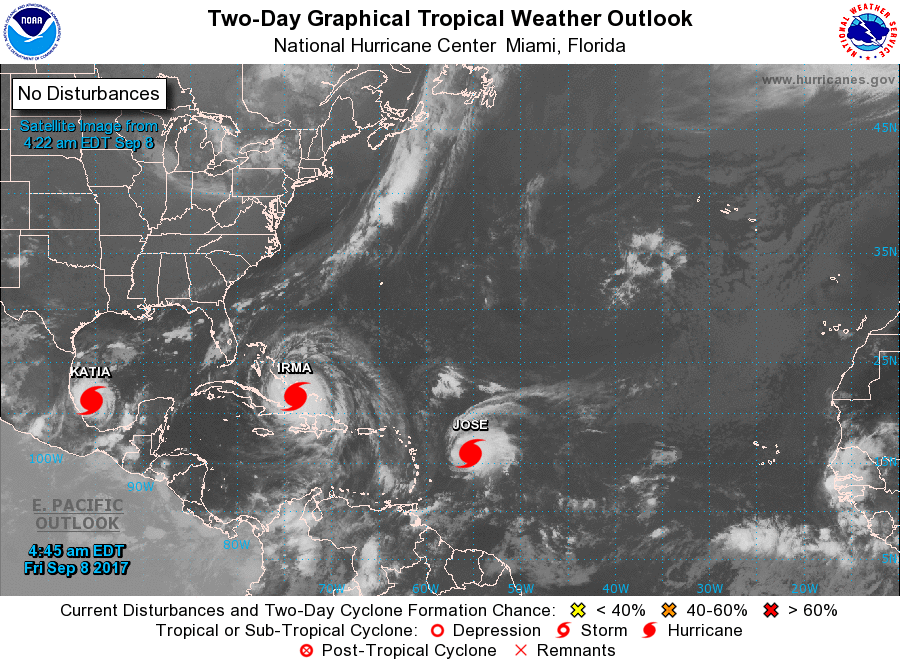
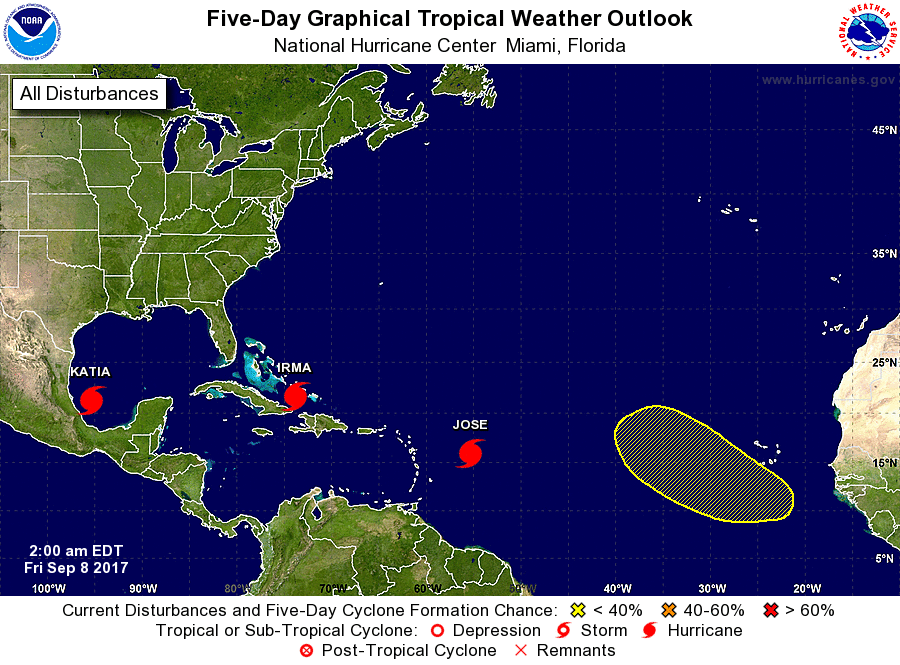
For the North Atlantic...Caribbean Sea and the Gulf of Mexico:

The National Hurricane Center is issuing advisories on Hurricane Irma, located near the Turks and Caicos Islands, on Hurricane Jose, located several hundred miles east of the Leeward Islands, and on Hurricane Katia, located over the southwestern Gulf of Mexico.

1. A tropical wave is expected to emerge off the coast of Africa over the weekend. Environmental conditions appear to be conducive for gradual development of this system next week as it moves west-northwestward over the eastern Atlantic Ocean.
* Formation chance through 48 hours...low...near 0 percent.
* Formation chance through 5 days...low...20 percent.

Forecaster Roberts